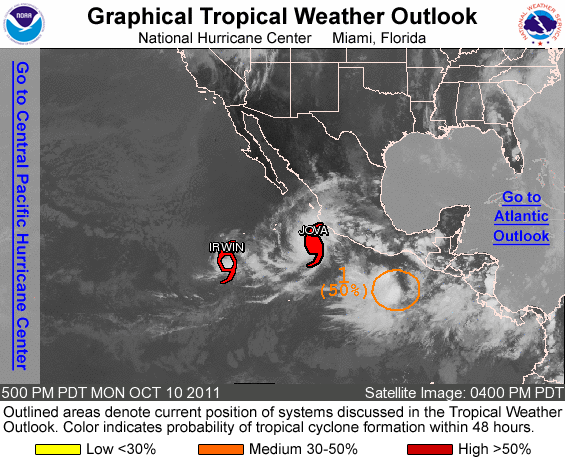
FOR THE EASTERN NORTH PACIFIC...EAST OF 140 DEGREES WEST LONGITUDE..

THE NATIONAL HURRICANE CENTER IS ISSUING ADVISORIES ON HURRICANE JOVA...LOCATED ABOUT 180 MILES SOUTHWEST OF MANZANILLO MEXICO...AND ON TROPICAL STORM IRWIN...LOCATED ABOUT 715 MILES SOUTHWEST OF THE SOUTHERN TIP OF BAJA CALIFORNIA.

1. A SLOW-MOVING LOW PRESSURE SYSTEM IS LOCATED ABOUT 300 MILES SOUTH OF THE GULF OF TEHUANTEPEC. THE ASSOCIATED SHOWERS AND THUNDERSTORMS REMAIN DISPLACED TO THE WEST OF THE LOW CENTER DUE TO STRONG UPPER-LEVEL WINDS. THESE UPPER-LEVEL WINDS COULD BECOME A LITTLE MORE CONDUCIVE FOR DEVELOPMENT OVER THE NEXT COUPLE OF DAYS AS THE LOW MOVES NORTH-NORTHEASTWARD AT 5 TO 10 MPH. THIS SYSTEM HAS A MEDIUM CHANCE...50 PERCENT...OF BECOMING A TROPICAL CYCLONE DURING THE NEXT 48 HOURS. INTERESTS ALONG THE PACIFIC COASTS OF SOUTHEASTERN MEXICO...GUATEMALA...EL SALVADOR...HONDURAS...AND NICARAGUA SHOULD MONITOR THE PROGRESS OF THIS DISTURBANCE.

ELSEWHERE...TROPICAL CYCLONE FORMATION IS NOT EXPECTED DURING THE NEXT 48 HOURS.

FORECASTER CANGIALOSI